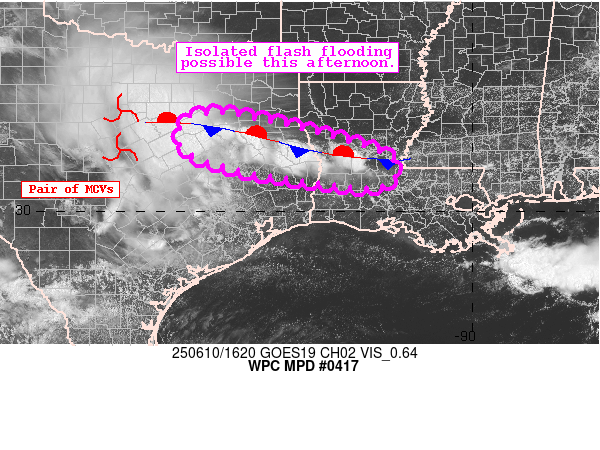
Areas affected...East-Central TX...West-Central LA

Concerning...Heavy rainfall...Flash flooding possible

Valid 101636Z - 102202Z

Summary...Periodic training/repeating of showers and thunderstorms
with max rainfall rates of 2.5-3"/hr will drive an isolated flash
flooding risk this afternoon.

Discussion...Radar trends depict expanding convective coverage on
a west-east axis over portions of East-Central TX and West-Central
LA along a weak stationary front, downstream of a decaying MCS and
associated MCVs south of the DFW Metro. Maximum estimated rainfall
rates upwards of 2-2.5"/hour are noted within the most intense
cores per single source radar and MRMS.

Amid strong insolation, favorable midlevel lapse rates (7-7.5
degrees), and PWATs of 1.8-2" (around the 90th percentile per SPC
climatology), the environment is very favorable to support
efficient warm rain production in the developing activity along
the front, with hourly rainfall rates of 2.5-3"/hr possible at
times. While effective shear is generally quite weak across the
region, short term forecasts from the RAP suggest the approach of
the MCVs could promote a corridor of enhanced shear oriented
parallel to the boundary (20-30 kts) to support cell longevity and
periods of repeating/training.

As additional cells fill in and align with the upstream complex,
both the HREF and RRFS PMM suggest localized rainfall totals of
2-4" are possible along the front. While soil moisture anomalies
within the affected region are generally around normal, the
intense hourly rates combined with periods of repeating/training
will support an isolated flash flood risk going through the
afternoon.